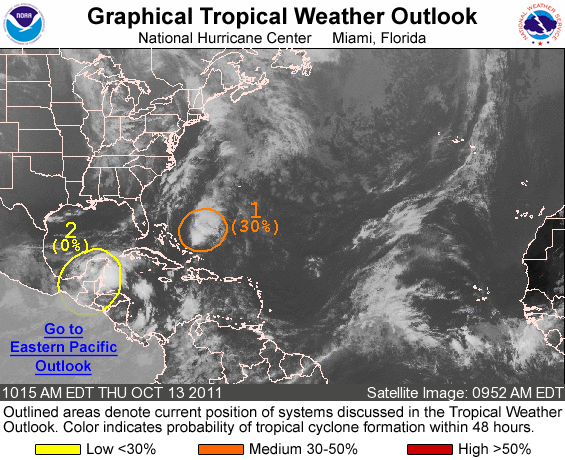
FOR THE NORTH ATLANTIC...CARIBBEAN SEA AND THE GULF OF MEXICO...

SPECIAL OUTLOOK ISSUED TO INCLUDE DISCUSSION OF SYSTEM NORTHEAST OF THE BAHAMAS.

1. UPDATED...CLOUDINESS AND SHOWERS HAVE INCREASED AND BECOME BETTER ORGANIZED IN ASSOCIATION WITH A SURFACE LOW LOCATED A COUPLE OF HUNDRED MILES NORTHEAST OF THE BAHAMAS. ALTHOUGH ENVIRONMENTAL CONDITIONS ARE ONLY MARGINALLY FAVORABLE...SOME DEVELOPMENT OF THIS SYSTEM IS POSSIBLE AS IT MOVES NORTH-NORTHEASTWARD AT 15 TO 20 MPH OVER THE NEXT DAY OR TWO. THIS SYSTEM HAS A MEDIUM CHANCE...30 PERCENT...OF BECOMING A TROPICAL CYCLONE DURING THE NEXT 48 HOURS.

2. A BROAD AREA OF LOW PRESSURE...INCLUDING THE REMNANTS OF EAST PACIFIC TROPICAL DEPRESSION TWELVE-E...EXTENDS FROM SOUTHEASTERN MEXICO EASTWARD INTO THE NORTHWESTERN CARIBBEAN SEA AND IS PRODUCING AN AREA OF DISORGANIZED SHOWER AND THUNDERSTORM ACTIVITY. WHILE TROPICAL CYCLONE DEVELOPMENT IS NOT EXPECTED DUE TO LAND INTERACTION...LOCALLY HEAVY RAINFALL IS LIKELY DURING THE NEXT COUPLE OF DAYS OVER PORTIONS OF SOUTHEASTERN MEXICO...THE YUCATAN PENINSULA...BELIZE...AND GUATEMALA AS THIS SYSTEM REMAINS NEARLY STATIONARY. THIS SYSTEM HAS A LOW CHANCE...NEAR 0 PERCENT...OF BECOMING A TROPICAL CYCLONE DURING THE NEXT 48 HOURS.

ELSEWHERE...TROPICAL CYCLONE FORMATION IS NOT EXPECTED DURING THE NEXT 48 HOURS.

FORECASTER KIMBERLAIN/BRENNAN